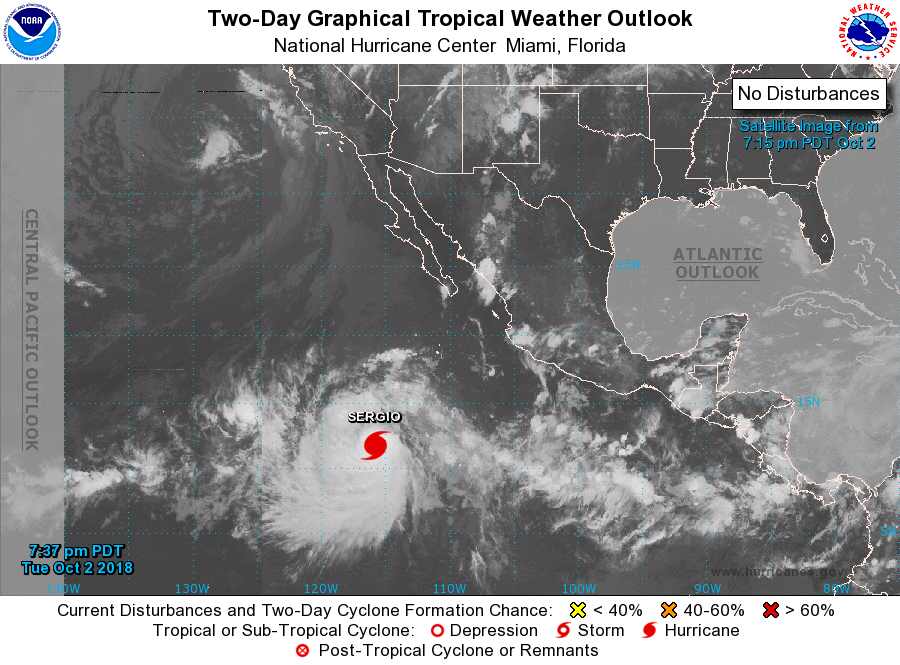
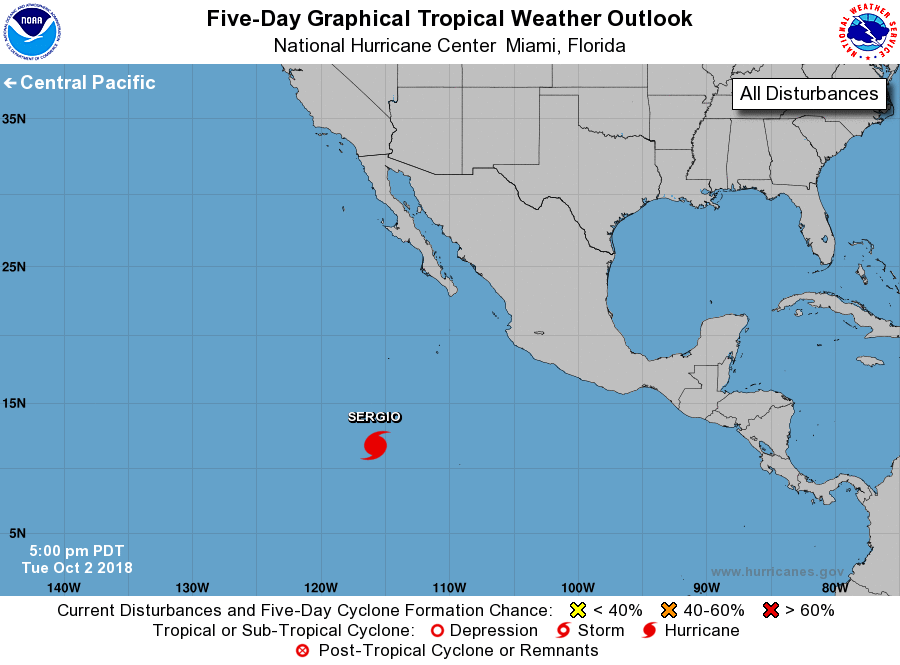
For the eastern North Pacific...east of 140 degrees west longitude:

The National Hurricane Center is issuing advisories on Hurricane Sergio, located several hundred miles south-southwest of the southern tip of the Baja California peninsula.

Tropical cyclone formation is not expected during the next 5 days.

Forecaster Blake